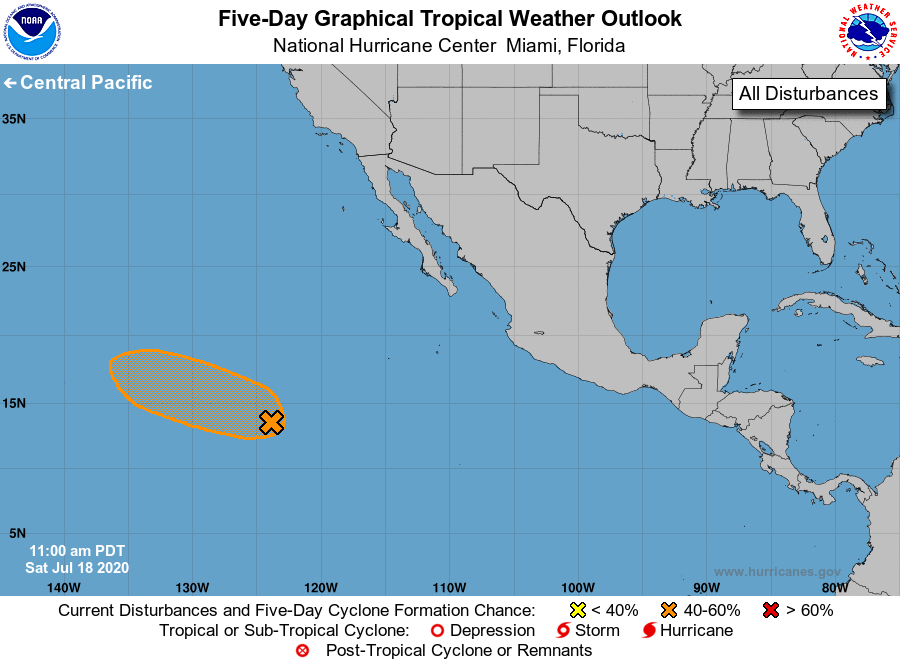
For the eastern North Pacific...east of 140 degrees west longitude:

1. Shower activity has increased this morning in association with a tropical wave located about 1100 miles southwest of the southern tip of the Baja California peninsula. This system is expected to move west-northwestward, and some development is possible late this weekend and early next week before it moves into less favorable environmental conditions.
* Formation chance through 48 hours...low...30 percent.
* Formation chance through 5 days...medium...50 percent.

Forecaster Beven